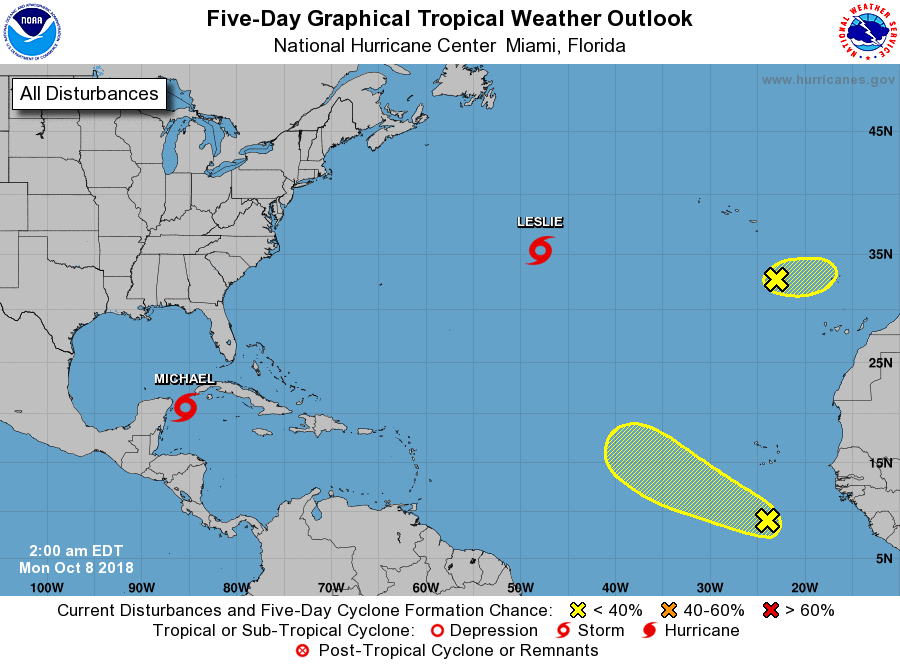
For the North Atlantic...Caribbean Sea and the Gulf of Mexico:

The National Hurricane Center is issuing advisories on Tropical Storm Michael, located over the northwestern Caribbean Sea, and on Tropical Storm Leslie, located over the central Atlantic Ocean.

1. A broad non-tropical low pressure system located about midway between the Azores and Canary Islands continues to produce disorganized showers and thunderstorms. Significant development of this system is unlikely due to unfavorable environmental conditions. This low is expected to move east-southeastward during the next couple of days.
* Formation chance through 48 hours...low...10 percent.
* Formation chance through 5 days...low...10 percent.

2. An area of low pressure, associated with a tropical wave, is located several hundred miles south of the Cabo Verde Islands. This system is producing disorganized showers and thunderstorms, and some slow development is possible during the next few days while it moves west-northwestward. By late this week, however, upper-level winds are expected to become unfavorable for development.
* Formation chance through 48 hours...low...20 percent.
* Formation chance through 5 days...low...30 percent.

Forecaster Cangialosi